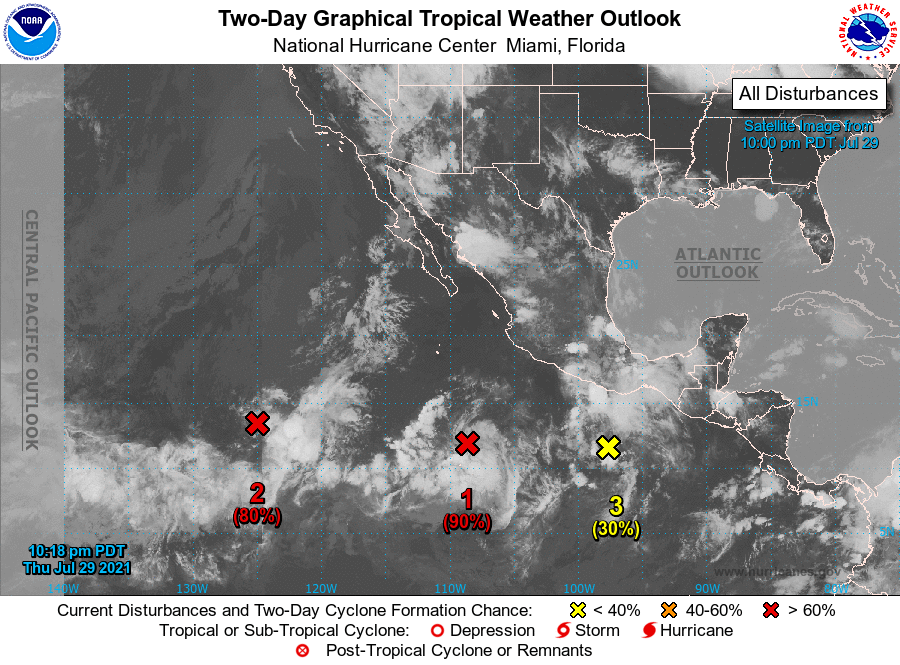
For the eastern North Pacific...east of 140 degrees west longitude:

1. An area of low pressure located about 650 miles southwest of the coast of southwestern Mexico continues to produce showers and thunderstorms. This system is gradually becoming better organized, but the latest satellite wind data shows that the low lacks a well-defined center. Environmental conditions are conducive for further development, and a tropical depression or tropical storm is expected to form by Saturday while the system moves west- northwestward at 10 to 15 mph. For more information on this system, please see High Seas forecasts issued by the NOAA Tropical Analysis and Forecast Branch.
* Formation chance through 48 hours...high...90 percent.
* Formation chance through 5 days...high...90 percent.

2. Showers and thunderstorms have increased in association with an area of low pressure located about 1200 miles southwest of the southern tip of the Baja California peninsula. Upper-level winds are expected to become more conducive for development during the next couple of days, and a tropical depression is expected to form over the weekend while the system moves generally westward at 5 to 10 mph.
* Formation chance through 48 hours...high...80 percent.
* Formation chance through 5 days...high...90 percent.

3. An area of disturbed weather continues several hundred miles south-southwest of the Gulf of Tehuantepec. Additional gradual development is expected during the next several days, and the system could become a tropical depression early next week while it moves west-northwestward at 10 to 15 mph.
* Formation chance through 48 hours...low...30 percent.
* Formation chance through 5 days...medium...50 percent.

High Seas Forecasts issued by the National Weather Service can be found under AWIPS header NFDHSFEPI, WMO header FZPN02 KWBC, and on the web at ocean.weather.gov/shtml/NFDHSFEPI.php

Forecaster Blake